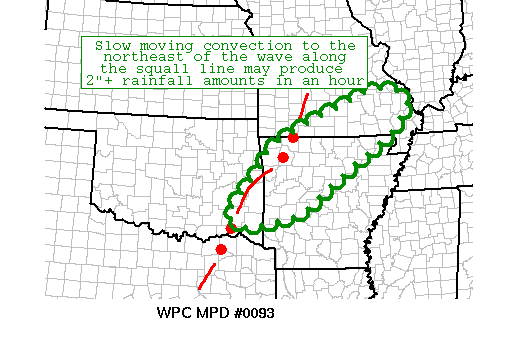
AREAS AFFECTED...OK...AR..MO

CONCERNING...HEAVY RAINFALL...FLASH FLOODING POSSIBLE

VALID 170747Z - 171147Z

SUMMARY...THIS MESOSCALE PRECIPITATION DISCUSSION IS AN UPDATE TO
THE MPD #0092 FOR THE NEXT FEW HOURS EARLY SUNDAY MORNING AS
CONVECTION PUSHES OUT OF THE PREVIOUS MPD AREA.  CONVECTION
REMAINS WELL DEFINED EARLY THIS MORNING OVER FAR EASTERN OK INTO
WESTERN AR.  HOWEVER---LATEST SATELLITE IMAGERY IS SHOWING CLOUD
TOPS WARMING ACROSS THIS AREA--SIGNALING THE BEGINNING OF A
WEAKENING OF THE CONVECTIVE LINE.

DISCUSSION...THERE IS A RELATIVELY SMALL SECTION OF THE CURRENT
CONVECTIVE LINE OVER NORTHWEST ARKANSAS THAT IS MOVING SLOWER THAN
AREAS TO THE NORTH ACROSS MISSOURI AND AREAS TO THE SOUTHWEST OVER
FAR SOUTHEAST OK.  THERE IS A WAVE EVIDENT IN LATEST RADAR IMAGERY
MOVING ALONG THIS SQUALL LINE THAT IS A TRANSITION POINT BETWEEN
THE MORE PROGRESSIVE PORTION OF THE CONVECTIVE LINE TO THE SOUTH
OF THE WAVE AND THE SLOWER PORTION TO ITS NORTHEAST.  OVER THE
NEXT FEW HOURS THE GREATEST RISK OF EXCESSIVE RAINFALL AMOUNTS
WILL BE TO THE NORTHEAST OF THIS WAVE WHERE A MUCH SLOWER EASTWARD
PUSH OF CONVECTION WILL OCCUR--WITH PRECIPITATION TOTALS OF 2"+
POSSIBLE .  GIVEN THE WARMING OF THE CLOUD TOPS AND THE
NORTHEASTWARD PUSH OF THE WAVE ALONG THE SQUALL LINE---THE VERY
HEAVY RAINFALL THREAT WILL LIKELY ONLY BE FOR THE NEXT 2 OR 3
HOURS.